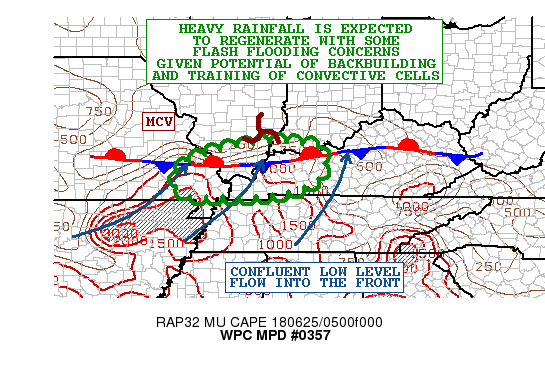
AREAS AFFECTED...FAR SOUTHEAST MO...FAR SOUTHERN IL...SOUTHWEST
IN...WESTERN KY

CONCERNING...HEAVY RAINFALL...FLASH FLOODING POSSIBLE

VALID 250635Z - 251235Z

SUMMARY...HEAVY RAINFALL IS EXPECTED OVERNIGHT WITH CONCERNS FOR
SOME FLASH FLOODING GIVEN THE RISK OF CELL-MERGERS AND TRAINING.

DISCUSSION...A WELL-DEFINED MCV IS ADVANCING SLOWLY EAST ACROSS
SOUTHEAST IL CURRENTLY AND THERE HAS ALREADY BEEN SOME CONVECTION
FOCUSED AROUND THE SOUTHERN FLANK OF THE MCV WHICH HAS PROPAGATED
DOWNSTREAM ACROSS WESTERN/CENTRAL KY. THIS ACTIVITY THOUGH HAS
BEEN SHOWING EVIDENCE OF WEAKENING AS THE CLOUD TOPS HAVE BEEN
WARMING A BIT AND IT IS ALSO MOVING INTO AN AREA OF GREATER STATIC
STABILITY.

HOWEVER...OVER THE LAST HOUR...THERE HAS BEEN SOME CELL
REGENERATION OCCURING OVER PARTS OF FAR SOUTHEAST MO...AND THERE
WILL BE CONCERNS MOVING FORWARD THROUGH THE PREDAWN HOURS OF THERE
BEING A MORE SUBSTANTIAL AXIS OF CONVECTION REGENERATING ACROSS
AREAS OF SOUTHEAST MO...SOUTHERN IL AND EXTENDING BACK ACROSS
AREAS OF WESTERN KY. THIS IS EXPECTED TO BE FACILITATED BY AN
INCREASE IN CONFLUENT FLOW AROUND THE SOUTH SIDE OF THE MCV AND
INTO A WELL-DEFINED STATIONARY FRONT ORIENTED W/E ACROSS THE
REGION. AN INSTABILITY GRADIENT IS NOTED ALONG THE FRONT...WITH AS
MUCH AS 500 TO 1000 J/KG OF MUCAPE.

THE HIRES MODELS CONSENSUS LED BY THE 00Z NAM-CONEST/ARW/NMMB
SOLUTION AND MULTIPLE RUNS OF THE HRRR/HRRRX GUIDANCE ALL STRONGLY
SUPPORT AN AXIS OF HEAVY SHOWERS AND THUNDERSTORMS DEVELOPING OVER
THE NEXT COUPLE OF HOURS AND BECOMING ALIGNED WITH THE FRONT IN A
FASHION THAT STRONGLY FAVORS TRAINING.

THIS WILL FOSTER SOME LOCALLY VERY HEAVY RAINFALL POTENTIAL...AND
THE AFOREMENTIONED HIRES GUIDANCE DOES SUPPORT AS MUCH AS 3 TO 4
INCHES OF ADDITIONAL RAIN WITH PERHAPS SOME ISOLATED HEAVIER
TOTALS GOING THROUGH 12Z. GIVEN THE EARLIER RAINFALL...THE
ANTECEDENT CONDITIONS ARE RATHER WET...AND SO THESE ADDITIONAL
AMOUNTS MAY CAUSE SOME FLASH FLOODING.